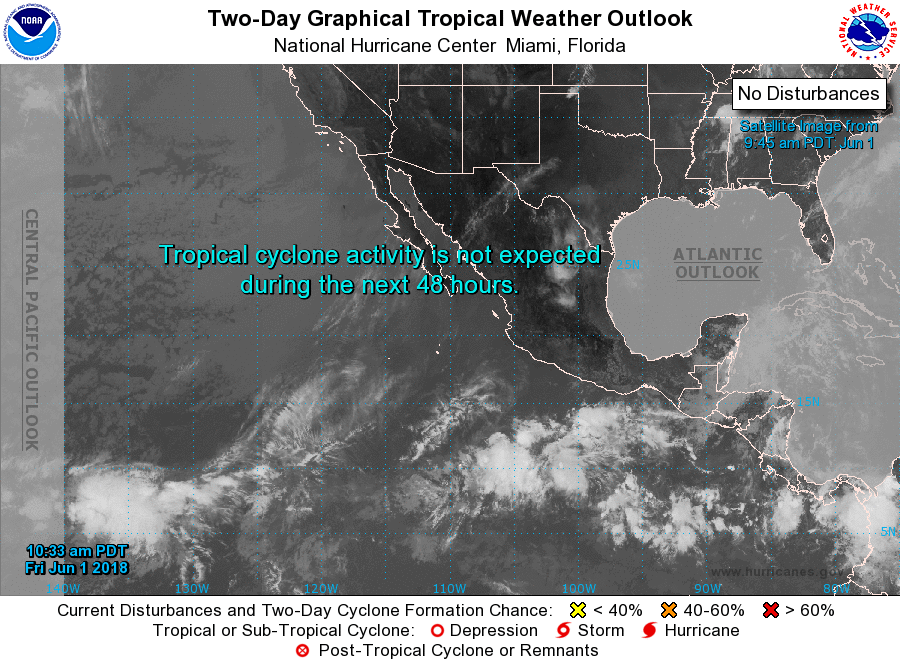
For the eastern North Pacific...east of 140 degrees west longitude:

1. A broad area of low pressure is expected to develop by early next week a few hundred miles south of the southern coast of Mexico. Gradual development of this system is possible thereafter while it moves slowly west-northwestward.
* Formation chance through 48 hours...low...near 0 percent.
* Formation chance through 5 days...low...30 percent.

Forecaster Cangialosi